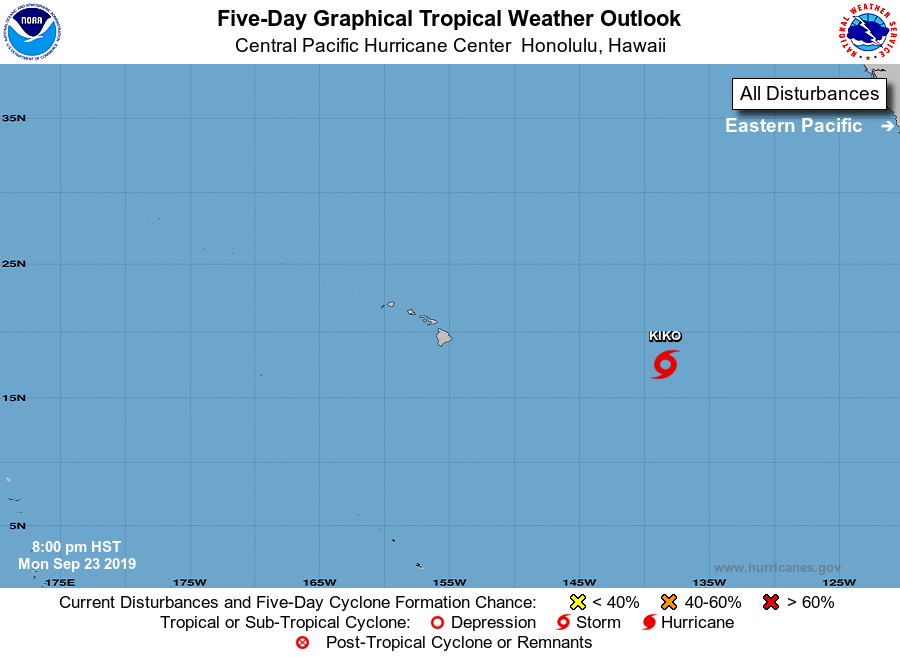
For the central North Pacific...between 140W and 180W:

The National Hurricane Center in Miami, Florida is issuing advisories on Tropical Storm Kiko, centered 1140 miles east of Hilo, Hawaii. Kiko is expected to move into the Central Pacific Hurricane Center area of responsibility Tuesday afternoon.

Elsewhere, no tropical cyclones are expected through the next 5 days.

Public Advisories on Tropical Storm Kiko are issued under WMO header WTPZ33 KNHC and under AWIPS header MIATCPEP3. Forecast Advisories on Tropical Storm Kiko are issued under WMO header WTPZ23 KHNC and under AWIPS header MIATCMEP3.

Forecaster Lau